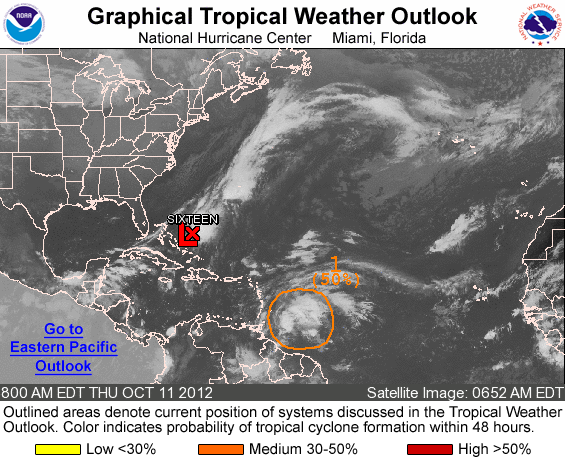
FOR THE NORTH ATLANTIC...CARIBBEAN SEA AND THE GULF OF MEXICO...

1. A BROAD AREA OF LOW PRESSURE ASSOCIATED WITH A TROPICAL WAVE IS LOCATED ABOUT 350 MILES EAST-SOUTHEAST OF THE WINDWARD ISLANDS. SHOWER AND THUNDERSTORM ACTIVITY HAS INCREASED A LITTLE NEAR THE LOW DURING THE LAST FEW HOURS...AND ENVIRONMENTAL CONDITIONS APPEAR CONDUCIVE FOR GRADUAL DEVELOPMENT OF THIS LARGE DISTURBANCE OVER THE NEXT COUPLE OF DAYS. THIS SYSTEM HAS A MEDIUM CHANCE...50 PERCENT...OF BECOMING A TROPICAL CYCLONE DURING THE NEXT 48 HOURS AS IT MOVES WEST-NORTHWESTWARD AT 10 TO 15 MPH. REGARDLESS OF DEVELOPMENT...STRONG GUSTY WINDS AND HEAVY RAINFALL ARE POSSIBLE ACROSS PORTIONS OF THE LESSER ANTILLES DURING THE NEXT COUPLE OF DAYS. ADDITIONAL INFORMATION ON THIS DISTURBANCE CAN BE FOUND IN HIGH SEAS FORECASTS ISSUED BY THE NATIONAL WATHER SERVICE.

2. SHOWER AND THUNDERSTORM ACTIVITY HAS CHANGED LITTLE OVER THE PAST FEW HOURS IN ASSOCIATION WITH A SMALL AREA OF LOW PRESSURE LOCATED ABOUT 250 MILES NORTHEAST OF THE CENTRAL BAHAMAS. THERE IS STILL A SMALL WINDOW OF OPPORTUNITY FOR A TROPICAL DEPRESSION TO FORM BEFORE THE LOW MERGES WITH A COLD FRONT LATER TODAY. THIS SYSTEM HAS A MEDIUM CHANCE...50 PERCENT...OF BECOMING A TROPICAL CYCLONE DURING THE NEXT 48 HOURS AS IT MOVES SLOWLY SOUTHWARD.

ADDITIONAL INFORMATION ON THIS DISTURBANCE CAN BE FOUND IN HIGH SEAS FORECASTS ISSUED BY THE NATIONAL WATHER SERVICE.

ELSEWHERE...TROPICAL CYCLONE FORMATION IS NOT EXPECTED DURING THE NEXT 48 HOURS.

&&
HIGH SEAS FORECASTS ISSUED BY THE NATIONAL WEATHER SERVICE CAN BE FOUND UNDER UNDER AWIPS HEADER NFDHSFAT1 AND WMO HEADER FZNT01 KWBC.

FORECASTER BRENNAN